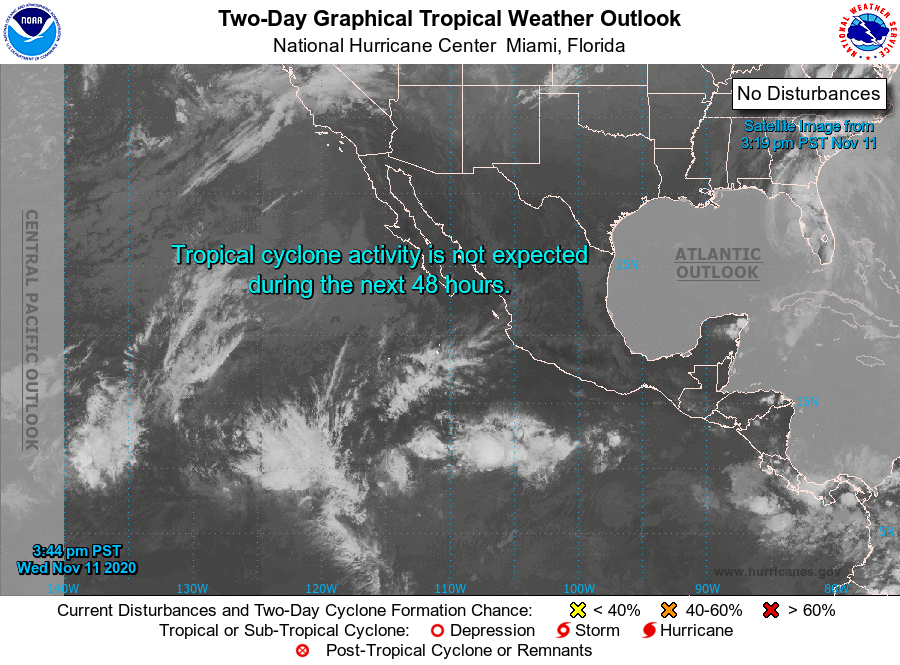
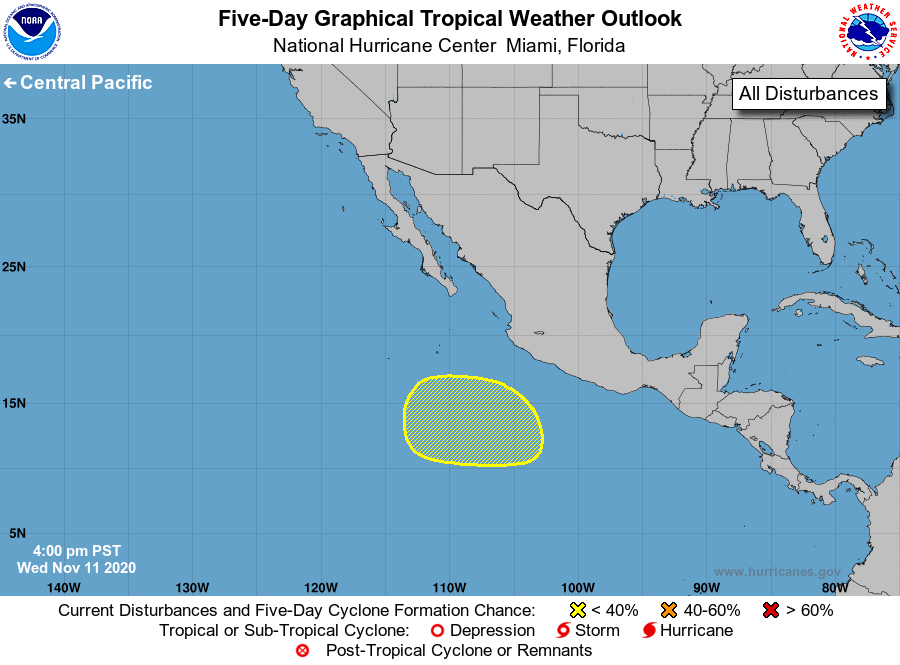
For the eastern North Pacific...east of 140 degrees west longitude:

1. A broad area of low pressure is expected to form several hundred miles southwest of the coast of Mexico late this week. Environmental conditions are forecast to be generally favorable for slow development through the weekend and early next week as the system drifts slowly west-northwestward over the eastern Pacific.
* Formation chance through 48 hours...low...0 percent.
* Formation chance through 5 days...low...30 percent.

Forecaster Papin/Zelinsky